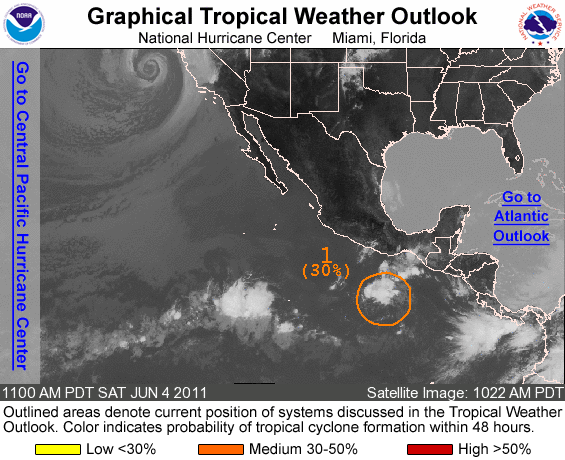
FOR THE EASTERN NORTH PACIFIC...EAST OF 140 DEGREES WEST LONGITUDE..

1. A BROAD LOW PRESSURE AREA LOCATED SEVERAL HUNDRED MILES SOUTH-SOUTHEAST OF ACAPULCO CONTINUES TO PRODUCE DISORGANIZED SHOWERS AND THUNDERSTORMS. ENVIRONMENTAL CONDITIONS APPEAR FAVORABLE FOR GRADUAL DEVELOPMENT OF THIS SYSTEM DURING THE NEXT COUPLE OF DAYS. THERE IS A MEDIUM CHANCE...30 PERCENT...OF THIS SYSTEM BECOMING A TROPICAL CYCLONE DURING THE NEXT 48 HOURS AS IT REMAINS NEARLY STATIONARY.

ELSEWHERE...TROPICAL CYCLONE FORMATION IS NOT EXPECTED DURING THE NEXT 48 HOURS.

FORECASTER BROWN